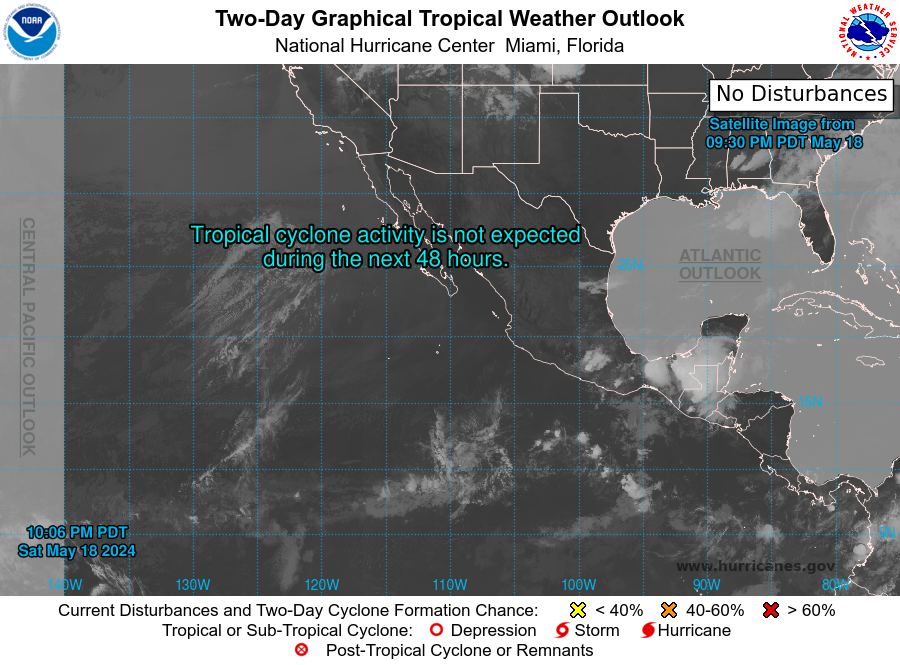
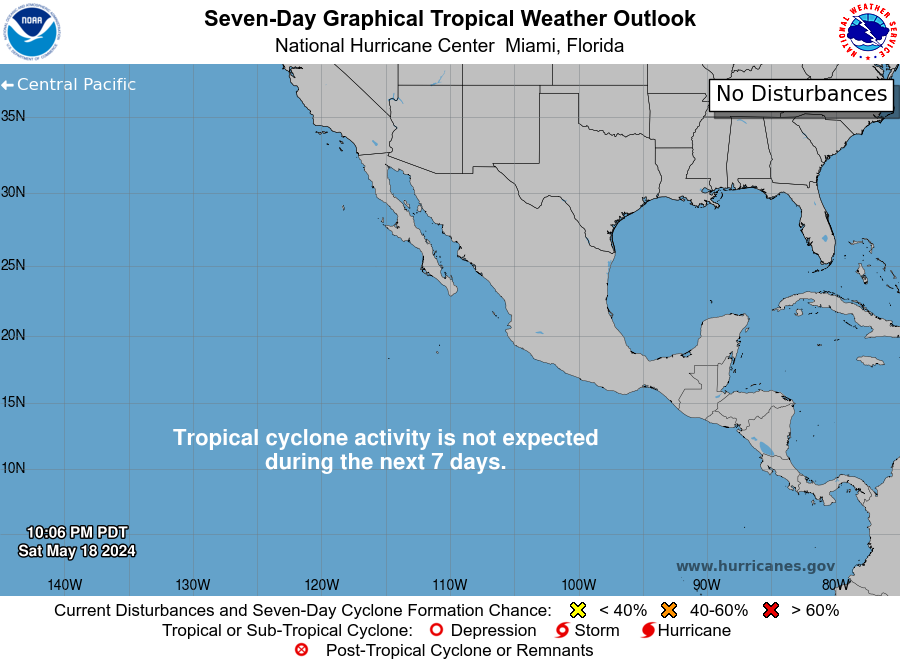
For the eastern North Pacific...east of 140 degrees west longitude:

Tropical cyclone formation is not expected during the next 7 days.

Forecaster Berg